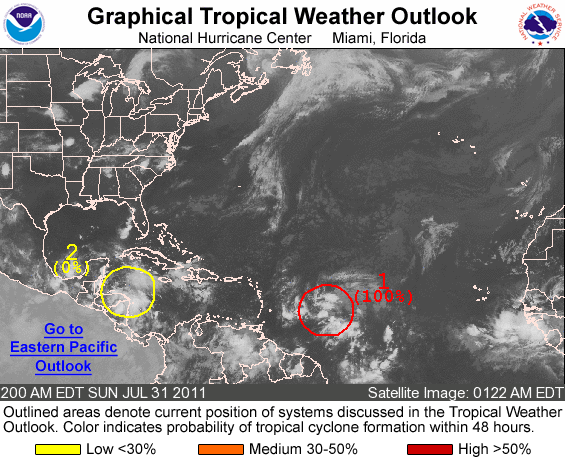
FOR THE NORTH ATLANTIC...CARIBBEAN SEA AND THE GULF OF MEXICO...

1. SATELLITE IMAGES AND BUOY DATA INDICATE THAT THE LARGE LOW PRESSURE SYSTEM CENTERED ABOUT 675 MILES EAST OF THE LESSER ANTILLES IS CONTINUING TO BECOME BETTER ORGANIZED...AND IT COULD BE CLOSE TO BECOMING A TROPICAL DEPRESSION. THIS SYSTEM HAS A HIGH CHANCE... NEAR 100 PERCENT...OF BECOMING A TROPICAL CYCLONE DURING THE NEXT 48 HOURS AS IT MOVES WEST-NORTHWESTWARD NEAR 15 MPH. TROPICAL CYCLONE WATCHES OR WARNINGS WOULD LIKELY BE REQUIRED FOR PARTS OF THE LESSER ANTILLES IF THE LOW BECOMES A TROPICAL CYCLONE LATER TODAY...AND INTERESTS IN THESE AREAS SHOULD CLOSELY MONITOR THE PROGRESS OF THIS SYSTEM. AN AIR FORCE HURRICANE HUNTER AIRCRAFT IS SCHEDULED TO INVESTIGATE THIS DISTURBANCE LATER THIS AFTERNOON.

2. A TROPICAL WAVE IS PRODUCING A LARGE BUT DISORGANIZED AREA OF SHOWERS AND THUNDERSTORMS OVER THE WESTERN CARIBBEAN SEA. THIS ACTIVITY IS EXPECTED TO SPREAD OVER CENTRAL AMERICA AND THE YUCATAN PENINSULA DURING THE DAY...BUT DEVELOPMENT IS NOT ANTICIPATED DUE TO INTERACTION WITH LAND. THIS SYSTEM HAS A LOW CHANCE...NEAR 0 PERCENT...OF BECOMING A TROPICAL CYCLONE DURING THE NEXT 48 HOURS.

ELSEWHERE...TROPICAL CYCLONE FORMATION IS NOT EXPECTED DURING THE NEXT 48 HOURS.

FORECASTER BERG